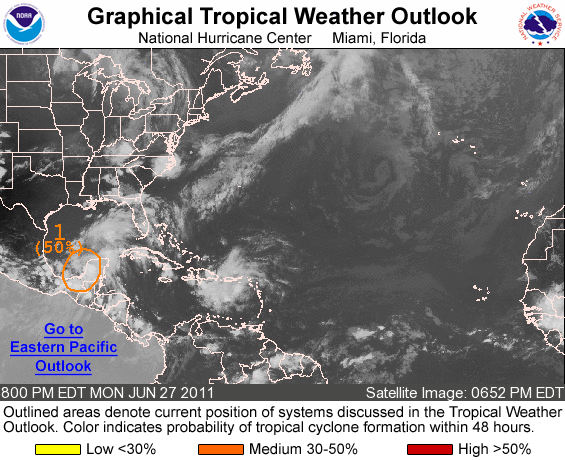
FOR THE NORTH ATLANTIC...CARIBBEAN SEA AND THE GULF OF MEXICO...

1. SATELLITE PICTURES AND SURFACE OBSERVATIONS SUGGEST THAT THE BROAD AREA OF LOW PRESSURE OVER THE EASTERN BAY OF CAMPECHE IS GRADUALLY BECOMING BETTER DEFINED. ALTHOUGH UPPER-LEVEL WINDS ARE NOT CURRENTLY CONDUCIVE FOR SIGNIFICANT DEVELOPMENT...THESE WINDS ARE FORECAST TO BECOME MORE FAVORABLE DURING THE NEXT DAY OR SO. THERE IS A MEDIUM CHANCE...50 PERCENT...OF THIS SYSTEM BECOMING A TROPICAL CYCLONE DURING THE NEXT 48 HOURS AS IT MOVES SLOWLY WEST-NORTHWESTWARD. AN AIR FORCE RESERVE UNIT HURRICANE HUNTER PLANE IS SCHEDULED TO INVESTIGATE THE AREA TUESDAY AFTERNOON...IF NECESSARY. REGARDLESS OF DEVELOPMENT...LOCALLY HEAVY RAINS AND GUSTY WINDS ARE POSSIBLE OVER PORTIONS OF THE YUCATAN PENINSULA AND SOUTHEASTERN MEXICO TONIGHT. THESE RAINS AND WINDS WILL GRADUALLY SPREAD WESTWARD INTO NORTHEASTERN MEXICO DURING THE NEXT DAY OR TWO.

ELSEWHERE...TROPICAL CYCLONE FORMATION IS NOT EXPECTED DURING THE NEXT 48 HOURS.

FORECASTER KIMBERLAIN/STEWART